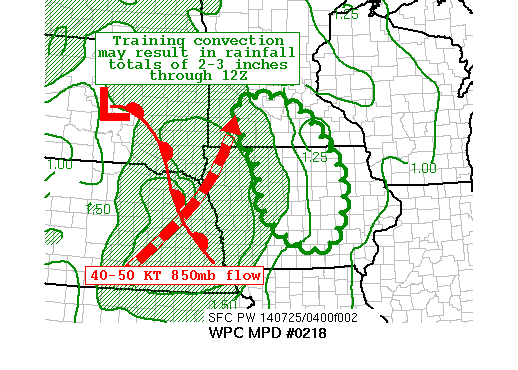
AREAS AFFECTED...SOUTHERN MN...NORTHERN AND CENTRAL IA

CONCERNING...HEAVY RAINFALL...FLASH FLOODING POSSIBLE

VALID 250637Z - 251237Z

SUMMARY...EXPECT CONVECTION TO CONTINUE TO DEVELOP AND POSSIBLY
TRAIN AHEAD OF A WARM FRONT MOVING ACROSS THE MID MO VALLEY THIS
MORNING.  TRAINING CELLS COULD PRODUCE LOCALIZED TOTALS OF 2-3
INCHES...RAISING THE THREAT FOR FLASH FLOODING THROUGH THE EARLY
MORNING HOURS.

DISCUSSION...IR SATELLITE IMAGERY SHOWS COOLING CLOUD TOPS WHILE
RADAR INDICATES INCREASING RETURNS ACROSS PORTIONS OF SOUTHWESTERN
MN INTO NORTHWESTERN IA THIS MORNING.  EXPECT THIS ACTIVITY TO
CONTINUE TO INCREASE OVER THE NEXT FEW HOURS AS STRONG ISENTROPIC
LIFT AFFORDED BY A 40-50 KT LOW LEVEL JET FROM THE CENTRAL PLAINS
INTO THE REGION COMBINES WITH THE LARGE SCALE ASCENT PRODUCED BY A
SHORTWAVE TROUGH ROUNDING THE TOP OF AN UPPER RIDGE.  UPWIND
PROPAGATION VECTORS SUGGEST INDIVIDUAL CELLS SHOULD TRACK STEADILY
ACROSS THIS AREA TO THE SOUTH-SOUTHEAST...HOWEVER THE CONTINUANCE
OF STRONG LOW LEVEL WARM AIR/MOISTURE ADVECTION WITH FAVORABLE
UPPER FORCING IS EXPECTED TO ENCOURAGE REGENERATION UPSTREAM..WITH
CELLS POTENTIALLY TRAINING OVER THE SAME REGION FOR THE NEXT FEW
HOURS.  LATEST RUNS OF THE HRW-ARW..HRW-NMMB AND TO A LESSER
EXTENT THE NSSL WRF..GENERALLY AGREE ON AN AXIS OF HEAVY AMOUNTS
OF UP TO 2-3 INCHES FROM S CENTRAL MN THROUGH CENTRAL IA BY 12Z.